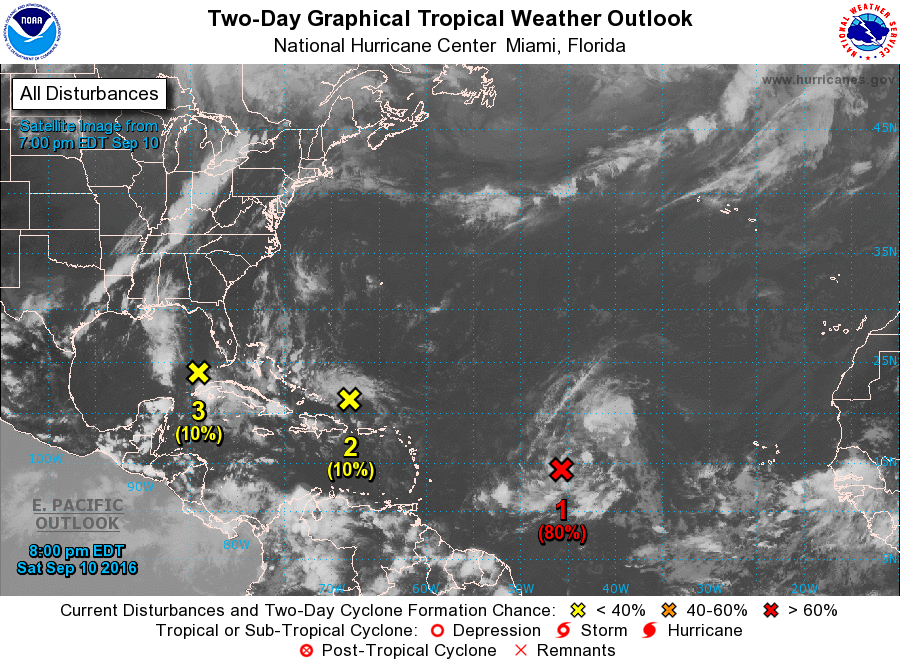
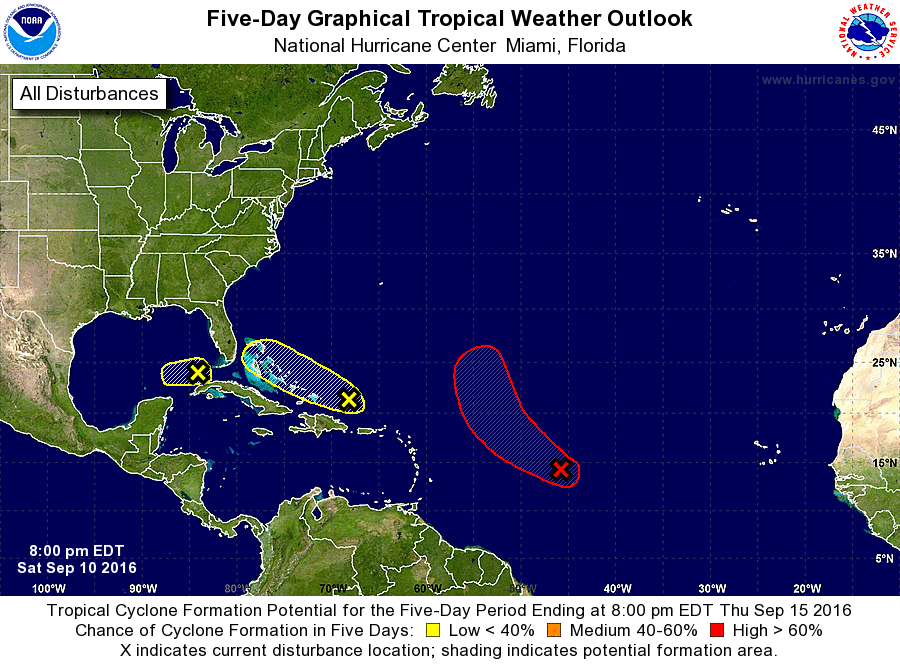
For the North Atlantic...Caribbean Sea and the Gulf of Mexico:

1. An area of low pressure located about 1000 miles east of the Lesser Antilles is moving slowly northwestward. Satellite imagery indicates that the circulation has become better defined today, but the associated thunderstorm has not become any better organized in the past few hours. Conditions are still favorable for a tropical depression to form by during the next day or two while this disturbance moves toward the northwest over the central Atlantic.
* Formation chance through 48 hours...high...80 percent
* Formation chance through 5 days...high...90 percent

2. An area of cloudiness and thunderstorms located north of Hispaniola remains disorganized. There are no signs of a surface circulation, and conditions are not expected to be conducive for significant development of this system while it moves generally west- northwestward at around 15 mph.
* Formation chance through 48 hours...low...10 percent
* Formation chance through 5 days...low...10 percent

3. A weak area of low pressure located over the extreme southeastern Gulf of Mexico remains devoid of thunderstorm activity. Upper-level winds are not favorable for development, and the low is forecast to weaken while it moves westward to west-southwestward at 5 to 10 mph into the central Gulf of Mexico during the next day or two.
* Formation chance through 48 hours...low...10 percent
* Formation chance through 5 days...low...10 percent

Forecaster Brennan